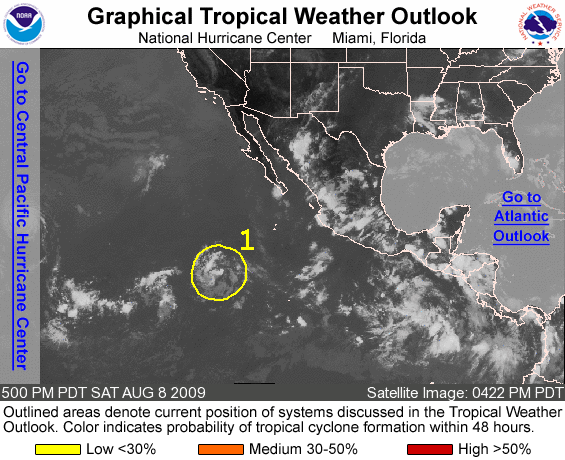
FOR THE EASTERN NORTH PACIFIC...EAST OF 140 DEGREES WEST LONGITUDE..

1. SHOWER ACTIVITY ASSOCIATED WITH AN AREA OF LOW PRESSURE LOCATED ABOUT 800 MILES SOUTHWEST OF THE SOUTHERN TIP OF BAJA CALIFORNIA REMAINS MINIMAL AT THIS TIME. HOWEVER...SOME SLOW DEVELOPMENT OF THIS SYSTEM IS STILL POSSIBLE OVER THE NEXT COUPLE OF DAYS AS IT MOVES TOWARD THE WEST-NORTHWEST AT 10 TO 15 MPH. THERE IS A LOW CHANCE...LESS THAN 30 PERCENT...OF THIS SYSTEM BECOMING A TROPICAL CYCLONE DURING THE NEXT 48 HOURS.

ELSEWHERE...TROPICAL CYCLONE FORMATION IS NOT EXPECTED DURING THE NEXT 48 HOURS.

FORECASTER BEVEN